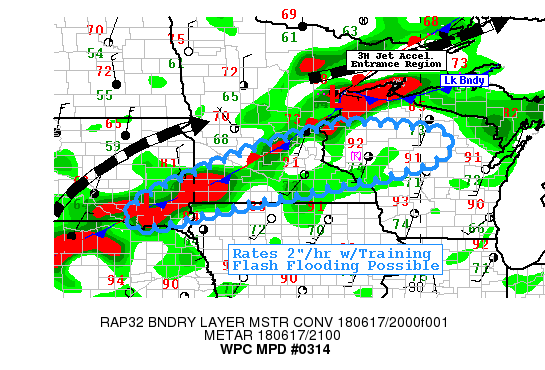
AREAS AFFECTED...SOUTHEAST SD...SOUTHERN MN...NORTHERN WI...

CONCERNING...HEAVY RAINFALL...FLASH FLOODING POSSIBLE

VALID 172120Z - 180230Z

SUMMARY...MOIST ENVIRONMENT AND TRAINING CELLS POSE FLASH FLOODING
RISK THROUGH EARLY EVENING.

DISCUSSION...21Z SURFACE ANALYSIS DEPICTS AN ELONGATED SURFACE
WAVE OVER NW WI BACK TOWARD THE TWIN CITIES WITH THE SFC BOUNDARY
EXTENDING BACK TO SW MN AND SE SD INTO THE SAND HILLS OF NORTH
CENTRAL NEB.  VERY MOIST AND UNSTABLE ENVIRONMENT REMAINS POOLED
ALONG THE BOUNDARY WITH SFC TDS IN THE LOW TO MID 70S AND SBCAPES
RANGING FROM 2000 J/KG IN SD TO 3500 J/KG NEAR THE TWIN CITIES
INTO N WI.  WEAK TO MODERATE DIVERGENCE ALOFT AT THE WEAKLY
ANTICYCLONIC CURVED PEAK OF 3H FLOW BUT BECOMING INCREASINGLY
CONFLUENT TO A STRENGTHENING JET ENTRANCE REGION OVER LAKE
SUPERIOR WILL PROVIDE SOME PERIPHERAL UVVS HELP FOR E MN INTO N
WI.  BETTER SFC MOISTURE CONVERGENCE EXISTS WITH BETTER ORTHOGONAL
FLOW TO THE BOUNDARY ACROSS SD INTO SW MN...WHICH REDUCES TO
NEARLY PARALLEL ACROSS CENTRAL TO N WI ATTM.  CURRENT GOES-16
1-MINUTE IMAGERY SHOW CONVECTIVE DEVELOPMENT IN THE TWO REGION S
WITH A LOCAL MINIMUM THROUGH CENTRAL MN WITH ONLY A FEW SMALLER
TCU AT THIS TIME.

STEERING FLOW ABOVE THE SFC IS FAIRLY UNIDIRECTIONAL AND RANGING
FROM 20-30 KTS PER VWP NETWORK IN THE CLOUD BEARING FLOW...WHICH
WILL SUPPORT A TRAINING PROFILE.  PROPAGATION VECTORS DO SUPPORT
SLOW SOUTHEASTWARD TRACK SO TRAINING IS NOT PERFECTLY IDEAL BUT
LIKELY TO BE SUFFICIENT FOR COMPOUNDING TOTALS CAPABLE OF FLASH
FLOODING.  GIVEN DEEP MOISTURE WITH TPWS AOA 2.0" WILL SUPPORT
VERY EFFICIENT RAINFALL PRODUCTION AND LIKELY RATES OF 2"/HR OR
GREATER AND GIVEN THE TRAINING POCKETS OF 2-4" TOTALS ARE EXPECTED
THROUGH THE AREA OF CONCERN AND GIVEN ANTECEDENT CONDITIONS
ESPECIALLY IN E MN AND N WI...FLASH FLOODING IS CONSIDERED
POSSIBLE.